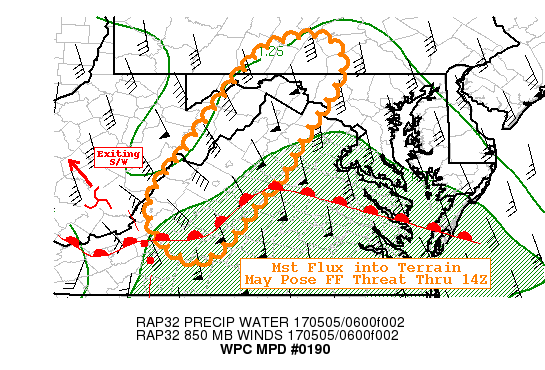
AREAS AFFECTED...WESTERN VA...WEST CENTRAL MD...SOUTH CENTRAL
PA...EASTERN WV

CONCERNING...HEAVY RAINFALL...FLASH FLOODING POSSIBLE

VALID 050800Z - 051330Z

SUMMARY...A FEW MORE HOURS OF OROGRAPHICALLY ENHANCED SHOWERS AND
INCREASED LOCALIZED RAINFALL CAPABLE OF LOW END FLASH FLOODING
CONDITIONS NEAR ALONG THE BLUE RIDGE AND SHENANDOAH RANGES THROUGH
13-14Z.

DISCUSSION...GOES-E WV LOOP INDICATES BROADENING AREA OF
DIFFLUENCE ALOFT WITH DPVA FROM APPROACHING CORE OF UPPER
LOW...SUPPORTING BROAD LARGE SCALE ASCENT AND SURFACE PRESSURE
FALLS ACROSS SW WV ATTM.  A SUBTLE SHORTWAVE SOUTH OF THE SPLIT IN
THE WARM CONVEYOR BELT HAS LIFTED THROUGH THE FRONT RANGES OF THE
APPALACHIANS INTO SE WV ALLOWING FOR WARM SECTOR TO INTERSECT THE
HIGHER TERRAIN WITH MID 60S TDS AND WEAK INSTABILITY OF 150-300
J/KG PER RAP ANALYSIS...FEEDING SHOWERS AND EMBEDDED CONVECTION
WITHIN CONFLUENCE ALONG A PRE-FRONTAL TROF.  CELL MOTIONS WITHIN
THE LINE ARE NEARLY NORTH ALLOWING FOR TRAINING WITHIN THE
CONFLUENT LINE.  STRONG SSWLY 850MB FLOW 45-50KTS NORTH INCREASING
TO 50-60KTS NEARER THE BOUNDARY IS AT A MODEST OBLIQUE ANGLE TO
THE BLUE RIDGE ENOUGH TO SUPPORT SOME OROGRAPHIC ASCENT AHEAD OF
THIS MAIN CONVECTIVE CORE. THIS ALLOWS FOR A FEW HOURS OF WARM
SECTOR ASCENT BEFORE MAIN HEIGHT FALLS FROM THE SWLY SWEEP THE
CONFLUENCE LINE OFF THE TERRAIN TOWARD 12-13Z FURTHER NORTH NEAR
WEST CENTRAL MD AND PA (LIMITING GREATEST MAGNITUDES OF HEAVY
RAINFALL AND THEREFORE FLASH FLOODING THREAT THERE).

AS SUCH .25-.5"/HR RAINS IN THE BROAD OROGRAPHIC ASCENT ALONG WITH
THE 1-1.25"/HR (FOR ABOUT AN HOUR) DEEPER CELLS ALONG THE
CONFLUENT TROF SUPPORTS AN ADDITIONAL 1.5-2.5" TOTALS OVER THE
NEXT FEW HOURS...POTENTIALLY LEADING TO AS MUCH AS 4-4.5" IN MOST
FAVORED TOPOGRAPHY THROUGH THE EVENT.  THIS MAY POSE AT LEAST A
SHORT TERM FLASH FLOODING CONCERN IN THE EARLY HOURS...THOUGH THE
THREAT DRAMATICALLY REDUCES AS THE PRE-FRONTAL TROF SHIFTS EAST OF
THE TERRAIN (WITH ONLY URBAN CONCERNS OVER DC METRO TOWARD 13-14Z.